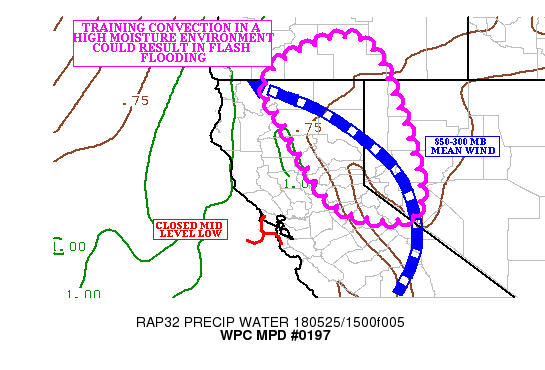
AREAS AFFECTED...WESTERN NV...NORTHEAST CA...FAR SOUTH CENTRAL OR

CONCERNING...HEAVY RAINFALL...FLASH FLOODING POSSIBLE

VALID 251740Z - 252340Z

SUMMARY...CONVECTION DEVELOPING IN A PLUME OF DEEP MOISTURE AHEAD
OF A CLOSED MID LEVEL LOW MAY POSE A FLASH FLOOD THREAT OVER
WESTERN NV/NORTHEAST CA/SOUTH CENTRAL OR INTO THE AFTERNOON HOURS.
THE FLASH FLOOD THREAT COULD BE ENHANCED IN AREAS WITH BURNS SCARS.

DISCUSSION...CONVECTION HAS BEGUN DEVELOPING OVER NORTHWEST NV
INTO SOUTH CENTRAL OR...IN RESPONSE TO SYNOPTIC SCALE ASCENT
ASSOCIATED WITH A CLOSED MID LEVEL LOW ALONG THE CENTRAL CA COAST.
THE CONVECTION WAS DEVELOPING IN AN AREA OF 500-1000 J/KG OF
MUCAPE...ALONG A PRECIPITABLE WATER GRADIENT (WITH PRECIPITABLE
WATER VALUES NEAR AN INCH...WHICH IS BETWEEN TWO AND THREE
STANDARD DEVIATIONS ABOVE THE MEAN).

THE CYCLONIC FLOW AROUND THE CLOSED MID LEVEL LOW OVER THE CENTRAL
CA COAST HAS BECOME BETTER ALIGNED WITH THE PROPAGATION VECTORS AS
SHOWN ON THE LATEST RAP. THIS IS EXPECTED TO RESULT IN AN
ENVIRONMENT CONDUCIVE TO TRAINING CONVECTION OVER WESTERN NV...FAR
NORTHEAST CA INTO SOUTH CENTRAL INTO THE MID AFTERNOON HOURS. MOST
OF THE AVAILABLE HIGH RESOLUTION GUIDANCE (INCLUDING THE MOST
RECENT HRRR AND EXPERIMENTAL HRRR) INDICATE THE POTENTIAL FOR
LOCAL 1.00/1.50 INCHES OF RAINFALL WITH THE CONVECTION...WITH THE
HIGHEST AMOUNTS OVER NORTHEAST CA AND NEARBY SOUTH CENTRAL OR.

INSTABILITY COULD END UP BEING THE LIMITING FACTOR FOR A MORE
WIDESPREAD FLASH FLOOD THREAT...AS THE MOST RECENT RAP INDICATED
THAT INSTABILITY MAY NOT INCREASE MUCH FROM ITS CURRENT VALUES.
HOWEVER...ANY CONVECTION THAT DEVELOPS WILL TAP THE DEEP MOISTURE
IN PLACE...AND TRAINING CONVECTION IN THIS MOISTURE PLUME WILL
BECOME THE MAIN FLASH FLOOD THREAT. THE FLASH FLOOD THREAT WILL BE
ENHANCED IN AREAS WITH BURN SCARS...WHICH COULD LEAD TO DEBRIS
FLOWS.

SINCE THE COVERAGE OF CONVECTION IS STILL IN QUESTION DUE TO
INSTABILITY...FLASH FLOODING IS ONLY CONSIDERED POSSIBLE.